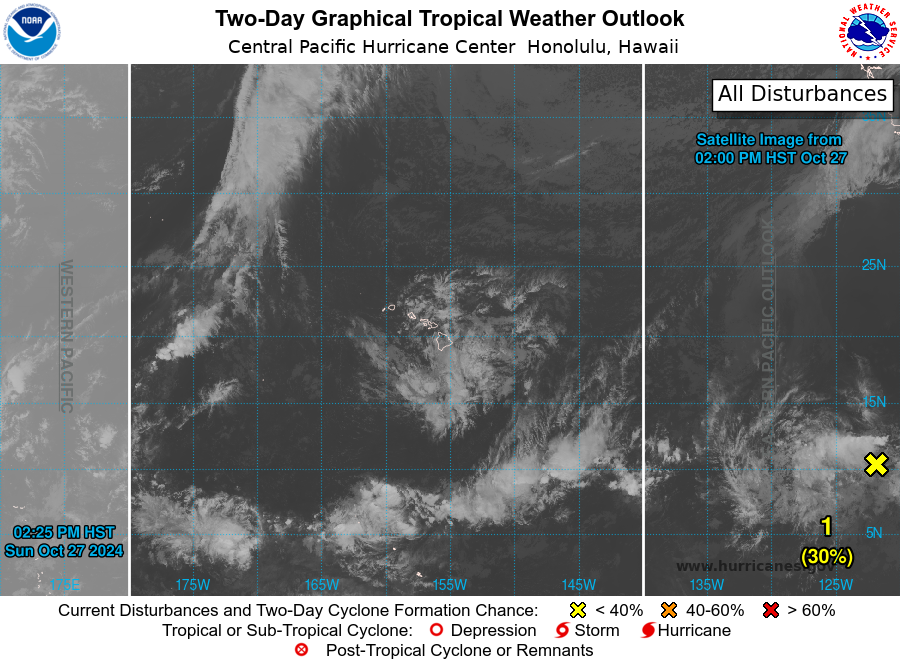
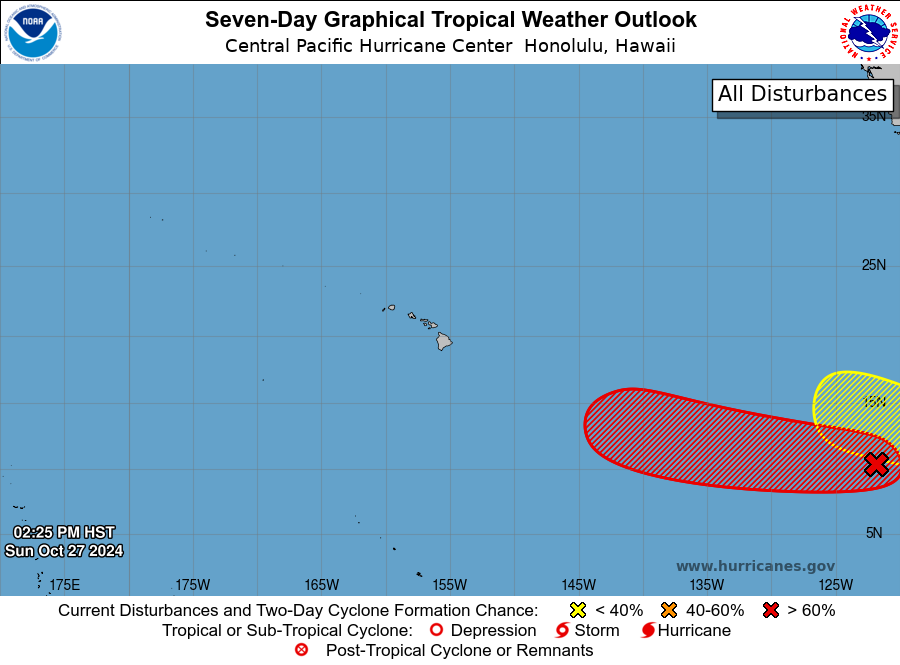
For the central North Pacific...between 140W and 180W:

1. About 2300 miles east-southeast of Hilo, Hawaii (EP91): A broad area of low pressure located more than 1000 miles southwest of the southern tip of the Baja California peninsula is producing disorganized showers and thunderstorms. Environmental conditions appear conducive for gradual development of this system, and a tropical depression is likely to form within the next few days while it moves westward or west-northwestward at about 15 mph over the western portion of the eastern Pacific basin. This system is expected to move into the central Pacific basin by Thursday.
* Formation chance through 48 hours...low...30 percent.
* Formation chance through 7 days...high...70 percent.

Elsewhere, no tropical cyclones are expected during the next 7 days.

Forecaster Birchard